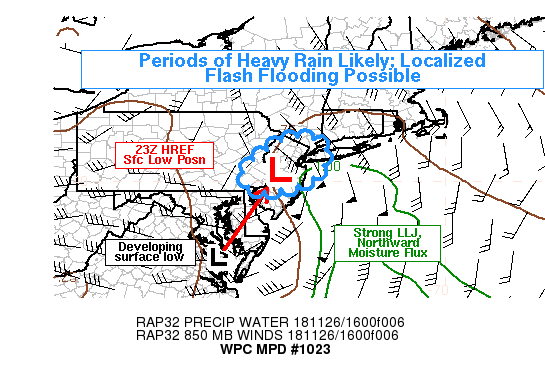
Areas affected...NYC Metro Area, New Jersey, SE Pennsylvania

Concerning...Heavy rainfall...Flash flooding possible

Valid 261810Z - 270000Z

Summary...A period of moderate, to occasionally heavy, rain is
likely across the I-95 corridor from Philadelphia to New York City
this afternoon and early this evening. Over 1 inch of rain is
possible in under 6 hours, which could lead to new or worsening
flooding across the area. Most of the rivers in the area are
running higher than average with some places of ongoing flooding
already.

Discussion...Surface observations suggest a weak surface wave or
surface low is trying to form near the Lower Chesapeake Bay. This
low should continue developing in the next few hours and lift into
New Jersey by late afternoon, per the 12Z HREF. Enhanced low-level
convergence is likely near and just ahead of the low, where strong
south-southeast winds (advecting moisture northward) will begin to
meet a cooler, continental air mass and weaker northeasterly flow
just inland from the coast. The expected configuration of the
developing low and associated coastal front should focus an area
of heavier rainfall in the I-95 corridor this afternoon and early
this evening. The surface low will be lifting north steadily, so
the rain should not linger for a very long time. However, a 3-6
hour period of moderate to heavy rain appears likely.

12Z HREF 40km neighborhood probabilities of over 1 inch of rain
are as high as 70-80 percent in this area, indicating relatively
high confidence that some location(s) in this relatively confined
region will receive that amount of rainfall. However,
probabilities using a variable radius method (that accounts for
ensemble agreement on the precise placement of those amounts) are
much lower. This suggests that 1 inch amounts are unlikely to be
widespread, and there is not great model agreement on where they
will occur.

6-hour flash flood guidance in portions of the area is around 1
inch, so localized 1 inch amounts would be likely to at least
approach FFG and perhaps exceed it. Observed streamflow across the
region is generally above the 95th percentile, and some rivers are
already above flood stage. The elevated soil moisture and high
river levels should reduce infiltration and could lead to general
runoff issues across the area, as will the large amount of
impervious surfaces in the urban corridor. In summary, despite a
lack of exceptional rain rates, antecedent conditions would favor
some localized new flooding issues, or worsening of existing
flooding, this afternoon and evening.